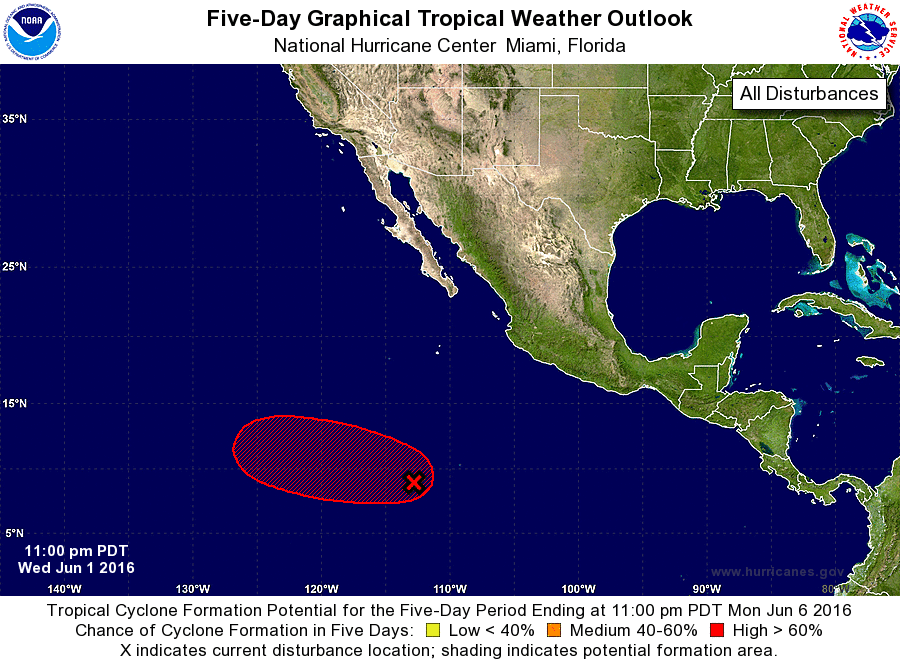
For the eastern North Pacific...east of 140 degrees west longitude:

1. A broad area of low pressure is located about 1000 miles south-southwest of the southern tip of the Baja California peninsula. Although shower and thunderstorm activity has become a little less organized since this afternoon, environmental conditions are expected to be conducive for development, and a tropical depression is likely to form during the next couple of days as the disturbance moves west-northwestward at 10 to 15 mph.
* Formation chance through 48 hours...high...70 percent
* Formation chance through 5 days...high...90 percent

Forecaster Brown